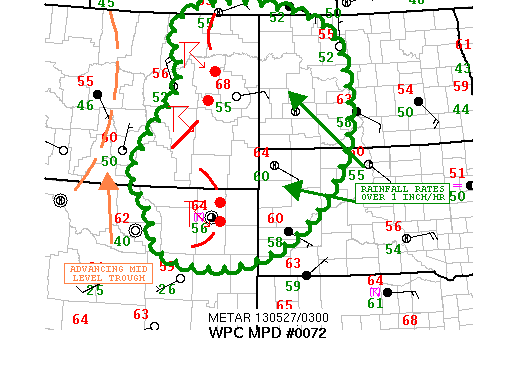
AREAS AFFECTED...EASTERN MT...NORTHEAST WY...NORTHWEST SD AND
WESTERN ND

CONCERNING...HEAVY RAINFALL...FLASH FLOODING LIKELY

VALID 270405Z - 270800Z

SUMMARY...COLD-TOPPED CONVECTION ADVANCING GRADUALLY EAST THROUGH
EASTERN MT AND NORTHEAST WY WITH INTENSE RAINFALL RATES OF LOCALLY
OVER 1 INCH/HR...PROMOTING ELEVATED SHORT-TERM FLASH FLOOD
CONCERNS.

DISCUSSION...A MID LEVEL TROUGH ADVANCING OUT INTO THE FAR
NORTHERN HIGH PLAINS ATTM IS INTERACTING WITH A NOSE OF HIGHER LOW
LEVEL THETA-E AND A MODERATELY UNSTABLE BOUNDARY AS PER LATEST RAP
ANALYSIS. SBCAPE VALUES OF 1000 TO 2000 J/KG ARE SEEN POOLED OVER
NERN WY JUST EAST OF THE BIG HORN MTNS AND EXTENDING NWD INTO SERN
MT. PWATS ARE MAXIMIZED CURRENTLY OVER SERN MT WHERE THEY ARE AS
HIGH AS 1.2 INCHES...WHICH WOULD BE OVER 2 STD DEV ABOVE NORMAL.
LATEST IR SAT IMAGERY ALREADY SHOWS CLUSTERS OF COLD-TOPPED
CONVECTION WITH INTENSE RAINFALL RATES OVER ERN MT AND DOWN INTO
NERN WY. CLOUD TOP TEMPS ARE AS COLD AS -65C ATTM INVOF THE BIG
HORN MTNS...INDICATIVE OF INTENSE UPDRAFTS AND LIKELY ENHANCED
RAINFALL RATES WITH THE AID LOCALLY OF OROGRAPHICS. EXPECTING
THERE TO BE AT LEAST A BKN CLUSTER OF COLD-TOP CONVECTION THAT
WILL ADVANCE EAST OVER THE NEXT FEW HOURS...GRADUALLY REACHING
NWRN SD AND WRN ND AS THE AFOREMENTIONED MID LEVEL TROUGH ADVANCES
FARTHER EAST. THE CONVECTION WILL LIKELY BE SUSTAINABLE AS IT
INTERACTS WITH A SRLY LOW LEVEL JET OF 30 TO 40 KTS WHICH HELP
PROVIDE FAVORABLE THERMODYNAMICS. FFG VALUES ARE LOCALLY QUITE LOW
DUE TO WET ANTECEDENT CONDITIONS AND SO THERE SHOULD AT LEAST BE A
SHORT-TERM THREAT OF FLASH FLOODING.